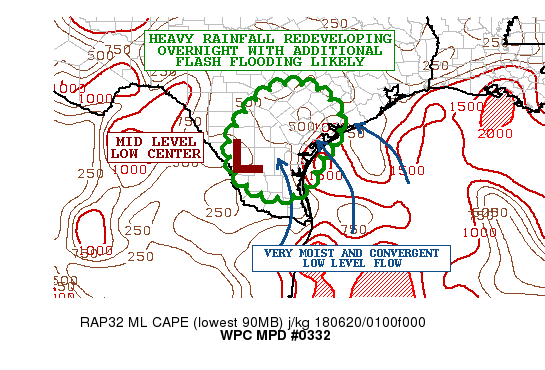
AREAS AFFECTED...SOUTH-CENTRAL TX

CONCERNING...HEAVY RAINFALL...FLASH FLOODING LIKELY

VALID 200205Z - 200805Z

SUMMARY...MORE HEAVY RAIN EXPECTED OVERNIGHT WITH ADDITIONAL FLASH
FLOODING LIKELY.

DISCUSSION...THE LATEST GOES-16 CLEAN IR IMAGERY IS SHOWING SOME
COOLING CLOUD TOPS NEAR AND JUST EAST OF THE MID LEVEL LOW CENTER
OVER SOUTH-CENTRAL TX WHICH IS DRIFTING OFF TO THE WEST. RADAR
IMAGERY IS CONFIRMING SOME UPTICK IN CONVECTIVE BANDING WITH SOME
VERY HEAVY RAINFALL NOTED AROUND THE CORPUS CHRISTIE AREA.

EXPECT SOME ADDITIONAL CONVECTIVE ORGANIZATION OVER THE NEXT
SEVERAL HOURS NEAR AND EAST OF THE MID LEVEL LOW AS THE VORTICITY
CENTER TIGHTENS UP FURTHER AND COUPLES WITH VERY MOIST AND
CONVERGENT LOW LEVEL FLOW COMING IN OFF THE WESTERN GULF OF
MEXICO. THE AIRMASS JUST OFF THE COAST IS QUITE UNSTABLE TOO WITH
MLCAPE VALUES OF UP TO 1500 J/KG.

THE PWATS ACROSS THE REGION ARE VERY HIGH AND INDICATIVE OF A DEEP
TROPICAL COLUMN WITH VALUES AS HIGH AS 2.5 INCHES WHICH IS
CLASSICALLY REPRESENTED BY THE 00Z RAOB FROM KCRP. THIS WILL FAVOR
EXTREMELY HEAVY RAINFALL RATES THAT MAY REACH 3 TO 4 INCHES/HR
GIVEN THE COOLING CLOUD TOPS OVER THE REGION.

THE LATEST HIRES GUIDANCE LED BY THE HRRR AND HRRRX GUIDANCE
FAVORS AS MUCH AS 4 TO 6 INCHES OF RAIN AROUND THE IMMEDIATE
EASTERN FLANK OF THE MID LEVEL LOW CENTER. THESE ADDITIONAL RAINS
WILL CAUSE FLASH FLOODING AND SOME OF IT COULD BE SIGNIFICANT
GIVEN THE EARLIER HEAVY RAINS.